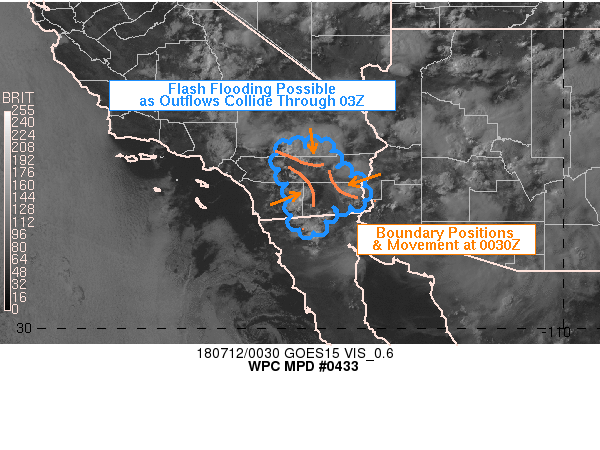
AREAS AFFECTED...SRN CA

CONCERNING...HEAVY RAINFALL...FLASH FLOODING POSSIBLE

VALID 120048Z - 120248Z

SUMMARY...FLASH FLOODING MAY REMAIN A THREAT FOR A COUPLE OF HOURS
/ THROUGH AT LEAST 02Z / AS OUTFLOWS CONSUME AVAILABLE INSTABILITY
IN THE DESERT AREAS OF SOUTHERN CA.

DISCUSSION...AT 0030Z MULTICELLULAR THUNDERSTORMS HAD PROMPTED A
NUMBER OF FLASH FLOOD WARNINGS IN THE DESERT AREAS OF SOUTHERN CA.
STORMS WERE BEST ORGANIZED IN JOSHUA TREE NATIONAL PARK WHERE
OUTFLOW BOUNDARIES HAD FORMED A COMBINED COLD POOL FROM THE EAST
AND NORTH. OTHER STRONG AND SLOW MOVING CELLS WERE LOCATED TOWARD
THE EAST SIDE OF THE MOUNTAIN RANGES EAST OF SAN DIEGO...HAVING
BEEN PROMPTED BY EARLIER PULSE STORMS AND ASSOCIATED OUTFLOWS.
STILL OTHER CONVECTION WAS OCCASIONALLY PERCOLATING IN EASTERN
RIVERSIDE AND IMPERIAL COUNTIES.

VISIBLE SATELLITE IMAGERY AND THE SPC MESOANALYSIS MIXED-LAYER
CAPE FIELD SUGGESTED THAT THE AREAS OF GREATEST INSTABILITY /
LEAST INHIBITION HAD ALREADY BEEN OVERTURNED...OR WERE BEING
OVERTURNED AT 0030Z. UPDRAFTS MAY BECOME INCREASINGLY SPARSE ALONG
OUTFLOWS AS THEY CONVERGE IN TOWARD THE SALTON SEA WHERE THE SKIES
HAD REMAINED RELATIVELY CLOUD FREE THIS AFTERNOON. THIS IS BORN
OUT SIMULATED REFLECTIVITY FROM THE 21Z HRRR WHICH WAS HANDLING
THINGS WELL AND INDICATES A DIMINISHING TREND AFTER 01Z.

STILL...ANY REMAINING UPDRAFTS...PARTICULARLY THOSE CLUSTERED WEST
OF OCOTILLO...WILL BE CAPABLE OF PRODUCING RAIN RATES EXCEEDING
ONE INCH PER HOUR...WITH VERY MOIST MID AND UPPER LEVEL LAYERS
CONTRIBUTING TO STRONGLY ANOMALOUS PW VALUES 3.0 TO 3.5 STANDARD
DEVIATIONS FROM CLIMATOLOGY...AND MAKING UP FOR A RELATIVE ABSENCE
OF STRONG DEEP LAYER CAPE.